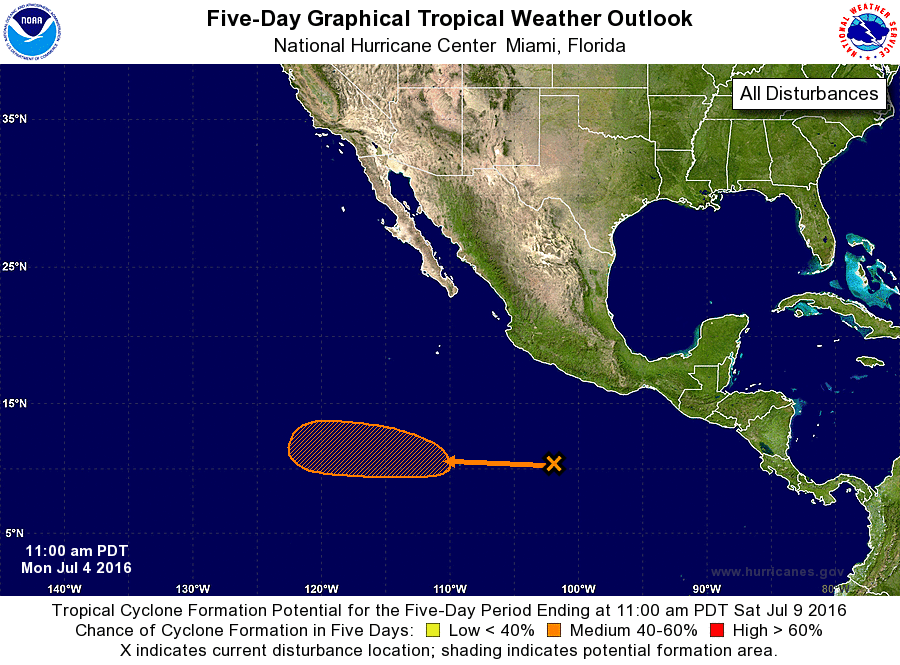
For the eastern North Pacific...east of 140 degrees west longitude:

The National Hurricane Center is issuing advisories on Tropical Storm Agatha, located more than 1000 miles west of the southern tip of the Baja California peninsula, and on recently upgraded Hurricane Blas, located several hundred miles south-southwest of the southern tip of the Baja California peninsula.

1. Disorganized showers and thunderstorms are associated with a weak area of low pressure located several hundred miles south of Acapulco, Mexico. Environmental conditions are expected to be conducive for gradual development, and this system could become a tropical depression later this week while it moves westward and then west-northwestward.
* Formation chance through 48 hours...low...near 0 percent
* Formation chance through 5 days...medium...60 percent

Forecaster Kimberlain